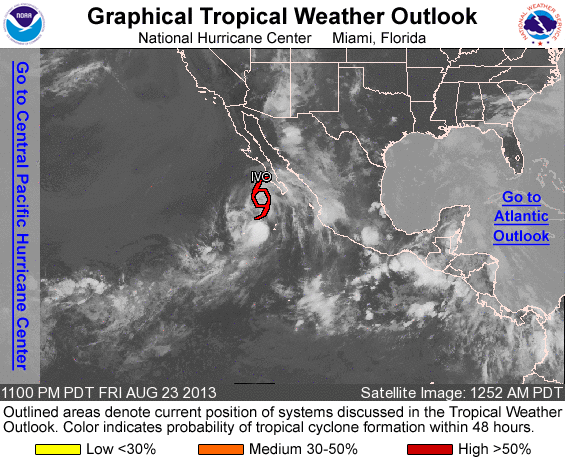
FOR THE EASTERN NORTH PACIFIC...EAST OF 140 DEGREES WEST LONGITUDE..

THE NATIONAL HURRICANE CENTER IS ISSUING ADVISORIES ON TROPICAL STORM IVO...LOCATED A COUPLE HUNDRED MILES SOUTHWEST OF CABO SAN LUCAS MEXICO.

TROPICAL CYCLONE FORMATION IS NOT EXPECTED DURING THE NEXT 48 HOURS.

OTHER SYSTEMS WITH FORMATION POTENTIAL BEYOND 48 HOURS...

A TROPICAL WAVE IS MOVING ACROSS CENTRAL AMERICA AND ENTERING THE EASTERN PACIFIC OCEAN. ENVIRONMENTAL CONDITIONS APPEAR CONDUCIVE FOR THE DEVELOPMENT OF AN AREA OF LOW PRESSURE SOUTH OF THE SOUTHERN COAST OF MEXICO BY THE MIDDLE OF NEXT WEEK. THIS SYSTEM HAS A LOW CHANCE...NEAR 0 PERCENT...OF BECOMING A TROPICAL CYCLONE DURING THE NEXT 48 HOURS...AND A HIGH CHANCE...60 PERCENT...OF BECOMING A TROPICAL CYCLONE DURING THE NEXT 5 DAYS.

&&
FIVE-DAY FORMATION PROBABILITIES ARE EXPERIMENTAL IN 2013. COMMENTS ON THE EXPERIMENTAL FORECASTS CAN BE PROVIDED AT...

HTTP://WWW.NWS.NOAA.GOV/SURVEY/NWS-SURVEY.PHP?CODE=ETWO

FORECASTER BRENNAN